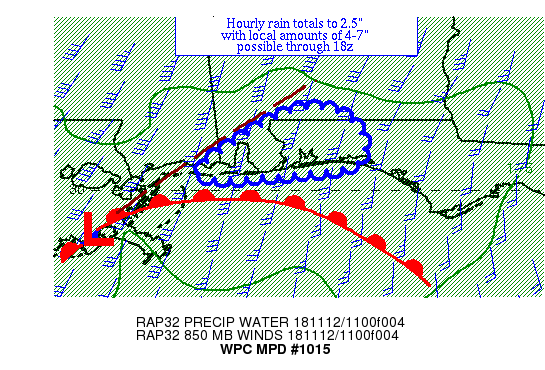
Areas affected...Near the AL/FL panhandle border

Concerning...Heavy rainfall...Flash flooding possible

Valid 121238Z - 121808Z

Summary...Thunderstorms with heavy rain are lifting slowly into
the region near and north of a warm front.  Hourly rain totals to
2.5" and local amounts of 4-7" are possible over the next several
hours.

Discussion...Surface observations indicate that a synoptic scale
warm front is lifting slowly northeast into sections of the
central and eastern Gulf coast to the east of a weak wave of low
pressure in southeast LA.  Precipitable water values are 1.7-1.9"
per GPS data, with values of 2"+ expected to move into the area
this morning per RAP forecast fields.  ML CAPE values of 500-1500
J/kg lie just offshore, with trends indicating some movement
ashore in the near future.  Aloft, the area is in a divergent area
near a segment of the subtropical jet stream, with indications of
a shortwave moving across southeast LA in recent GOES-16 water
vapor imagery.  Radar imagery shows a couple weak convective
vorticity maxima moving across the Chandeleur Islands/Shoals
towards Dauphin Island at the present time, with another possible
weak vorticity maximum lifting into south-central AL.  Inflow at
850 hPa is convergent at 30-40 kts per VAD wind profiles.
Effective bulk shear of 30-50 kts (per SPC mesoanalyses) appears
to be leading to convective organization, with some apparent
mesocyclones offshore per recent radar imagery.

A combination of backbuilding, training, and mesocyclones moving
into the area are expected to lead to hourly rain totals to 2.5"
as instability is forecast to continue to surge ashore.  An
eastward adjusted 06z NAM CONEST (4 km NAM) and 00z WRF NSSL
appear to have the best grasp of this activity.  They indicate
local amounts in the 4-7" range, which is possible should the
storms move/stay ashore for 2-3 hours.